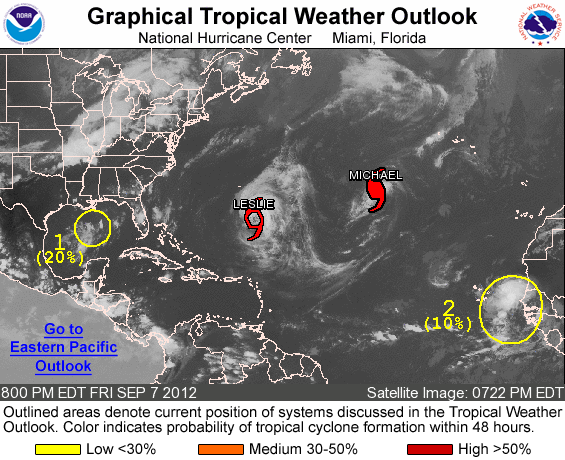
FOR THE NORTH ATLANTIC...CARIBBEAN SEA AND THE GULF OF MEXICO...

THE NATIONAL HURRICANE CENTER IS ISSUING ADVISORIES ON TROPICAL STORM LESLIE...LOCATED ABOUT 360 MILES SOUTH-SOUTHEAST OF BERMUDA... AND ON HURRICANE MICHAEL...LOCATED ABOUT 930 MILES WEST-SOUTHWEST OF THE AZORES.

1. AN ELONGATED AREA OF LOW PRESSURE OVER THE NORTH-CENTRAL GULF OF MEXICO CONTINUES TO PRODUCE DISORGANIZED SHOWERS AND THUNDERSTORMS WELL TO THE SOUTHWEST OF THE CENTER OF CIRCULATION. ENVIRONMENTAL CONDITIONS ARE NOT EXPECTED TO BECOME SIGNIFICANTLY MORE CONDUCIVE FOR DEVELOPMENT BEFORE THE LOW IS ABSORBED BY A COLD FRONT IN A DAY OR TWO. THIS SYSTEM HAS A LOW CHANCE...20 PERCENT...OF BECOMING A TROPICAL CYCLONE DURING THE NEXT 48 HOURS AS IT MOVES EAST- NORTHEASTWARD AT 5 TO 10 MPH.

2. A TROPICAL WAVE IS PRODUCING AN AREA OF SHOWERS AND THUNDERSTORMS BETWEEN THE WEST COAST OF AFRICA AND THE CAPE VERDE ISLANDS. SOME SLOW DEVELOPMENT IS POSSIBLE AS THE WAVE MOVES WESTWARD AT ABOUT 15 MPH DURING THE NEXT COUPLE OF DAYS. THIS SYSTEM HAS A LOW CHANCE...10 PERCENT...OF BECOMING A TROPICAL CYCLONE DURING THE NEXT 48 HOURS.

ELSEWHERE...TROPICAL CYCLONE FORMATION IS NOT EXPECTED DURING THE NEXT 48 HOURS.

FORECASTER BERG